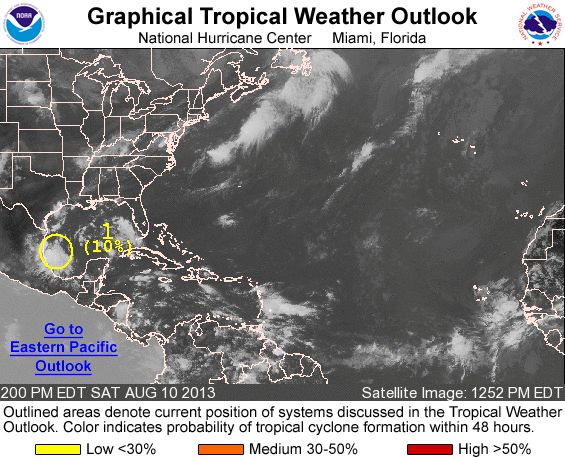
FOR THE NORTH ATLANTIC...CARIBBEAN SEA AND THE GULF OF MEXICO...

1. AN AREA OF CLOUDINESS AND THUNDERSTORMS...ASSOCIATED WITH A WEAK AREA OF LOW PRESSURE...CONTINUES OVER THE WESTERN GULF OF MEXICO NEAR THE EASTERN COAST OF MEXICO. DEVELOPMENT...IF ANY... SHOULD BE SLOW TO OCCUR BEFORE THE SYSTEM MOVES INLAND OVER EASTERN MEXICO ON SUNDAY. THIS SYSTEM HAS A LOW CHANCE...10 PERCENT...OF BECOMING A TROPICAL CYCLONE DURING THE NEXT 48 HOURS...AND A LOW CHANCE...10 PERCENT...OF BECOMING A TROPICAL CYCLONE DURING THE NEXT FIVE DAYS.

FIVE-DAY FORMATION PROBABILITIES ARE EXPERIMENTAL IN 2013. COMMENTS ON THE EXPERIMENTAL FORECASTS CAN BE PROVIDED AT...

HTTP://WWW.NWS.NOAA.GOV/SURVEY/NWS-SURVEY.PHP?CODE=ETWO

FORECASTER BEVEN